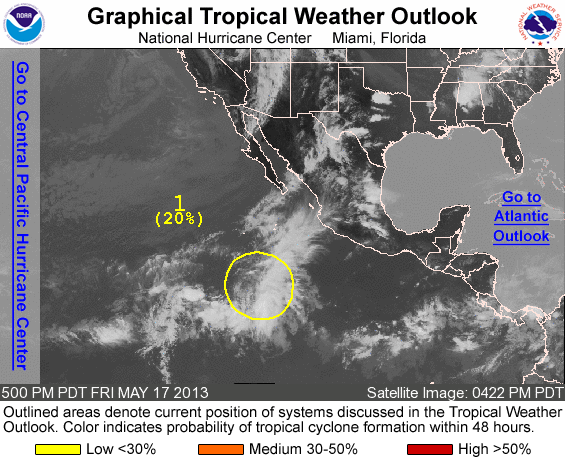
FOR THE EASTERN NORTH PACIFIC...EAST OF 140 DEGREES WEST LONGITUDE..

1. AN AREA OF LOW PRESSURE...ASSOCIATED WITH THE REMNANTS OF ALVIN... IS LOCATED ABOUT 800 MILES SOUTHWEST OF MANZANILLO MEXICO. ALTHOUGH THIS SYSTEM CONTINUES TO PRODUCE A LARGE AREA OF DISORGANIZED SHOWER AND THUNDERSTORM ACTIVITY...STRONG UPPER-LEVEL WESTERLY WINDS ARE EXPECTED TO INHIBIT ANY SIGNIFICANT DEVELOPMENT. THIS SYSTEM HAS A LOW CHANCE...20 PERCENT...OF BECOMING A TROPICAL CYCLONE AGAIN DURING THE NEXT 48 HOURS AS IT MOVES WEST- NORTHWESTWARD AROUND 10 MPH.

ELSEWHERE...TROPICAL CYCLONE FORMATION IS NOT EXPECTED DURING THE NEXT 48 HOURS.

FORECASTER KIMBERLAIN